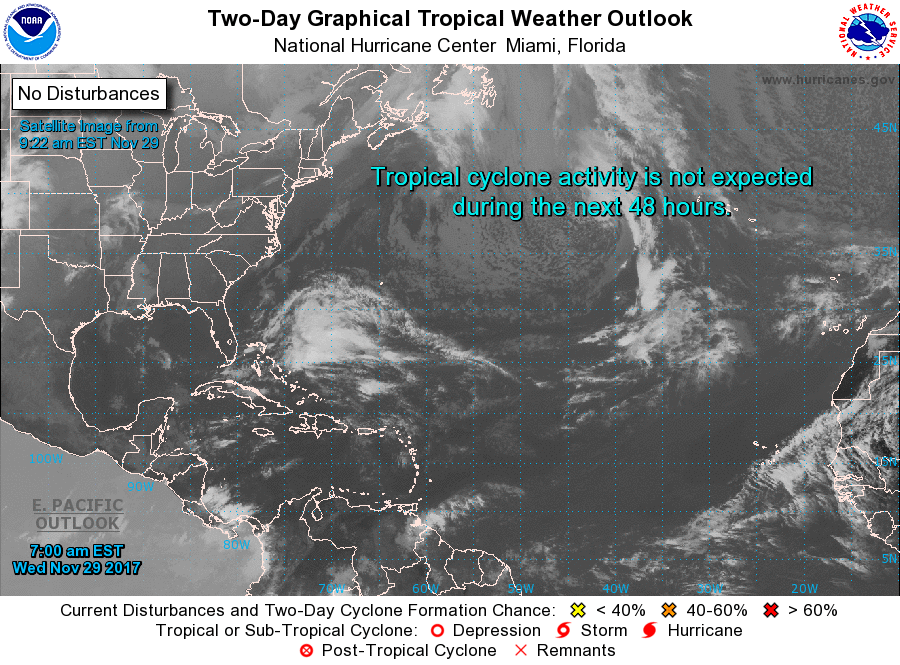
For the North Atlantic...Caribbean Sea and the Gulf of Mexico:

Tropical cyclone formation is not expected during the next 5 days.

Forecaster Beven